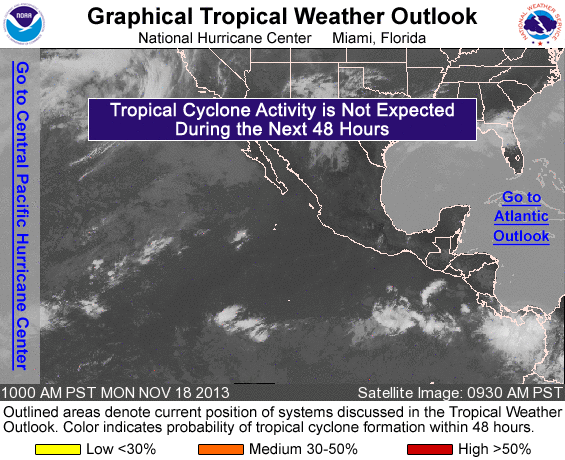
FOR THE EASTERN NORTH PACIFIC...EAST OF 140 DEGREES WEST LONGITUDE..

TROPICAL CYCLONE FORMATION IS NOT EXPECTED DURING THE NEXT 5 DAYS.

&&
FIVE-DAY FORMATION PROBABILITIES ARE EXPERIMENTAL IN 2013. COMMENTS ON THE EXPERIMENTAL FORECASTS CAN BE PROVIDED AT...

HTTP://WWW.NWS.NOAA.GOV/SURVEY/NWS-SURVEY.PHP?CODE=ETWO

FORECASTER KIMBERLAIN